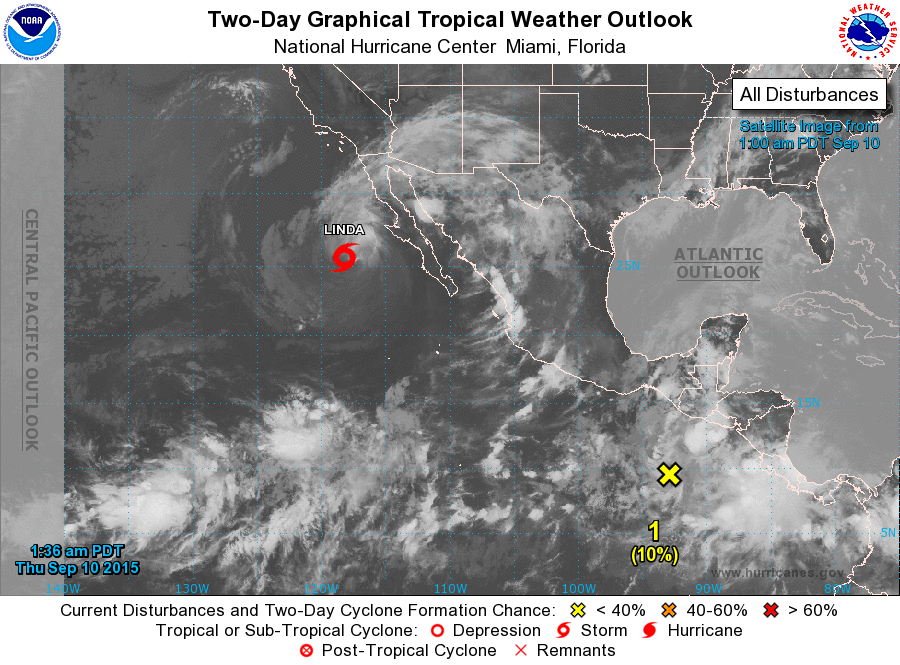
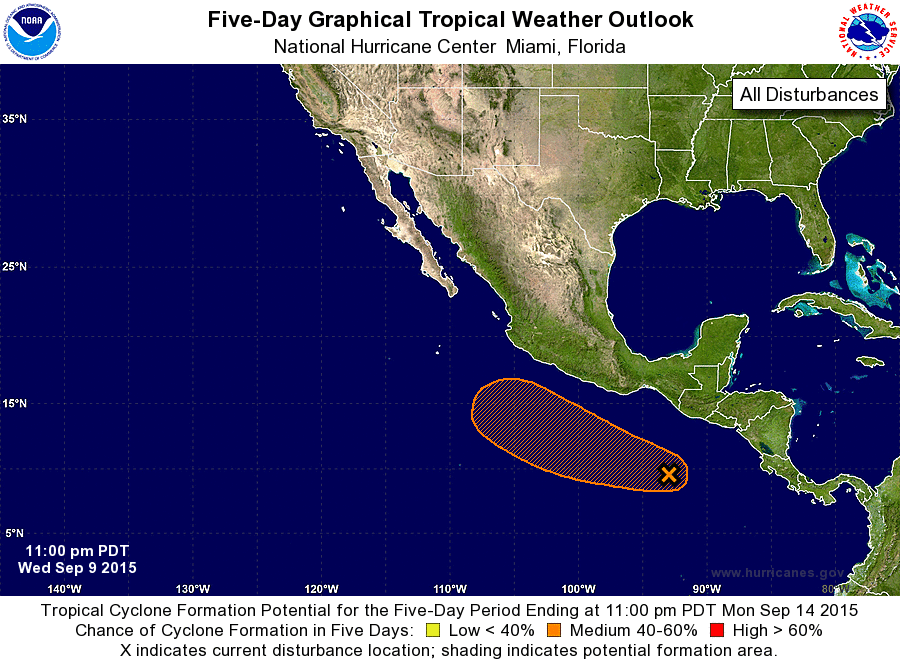
For the eastern North Pacific...east of 140 degrees west longitude:

The National Hurricane Center is issuing advisories on Tropical Storm Linda, located a couple of hundred miles southwest of Punta Eugenia, Mexico.

1. A broad area of low pressure located a few hundred miles south- southwest of the coast of Guatemala is producing a large area of disorganized showers and thunderstorms. Environmental conditions are expected to be somewhat conducive for gradual development of this low while it moves generally west-northwestward at about 10 mph.
* Formation chance through 48 hours...low...10 percent
* Formation chance through 5 days...medium...50 percent

Forecaster Cangialosi